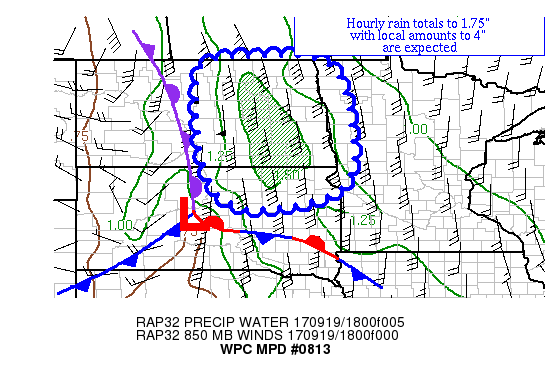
AREAS AFFECTED...EASTERN DAKOTAS & WESTERNMOST MN

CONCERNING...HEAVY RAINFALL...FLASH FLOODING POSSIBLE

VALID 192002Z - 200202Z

SUMMARY...ORGANIZED CONVECTION WITH INCREASING COVERAGE IS
EXPECTED TO LEAD TO HEAVY RAIN.  HOURLY RAIN TOTALS TO 1.75" WITH
LOCAL AMOUNTS TO 4" ARE EXPECTED.

DISCUSSION...THE SURFACE ANALYSIS REVEALS AN OCCLUDED FRONT MOVING
INTO THE CENTRAL DAKOTAS WHICH IS ACTING AS THE BACK EDGE OF THE
ML CAPE GRADIENT SEEN ON RAP ANALYSES/FORECASTS AND THE SPC
MESOANALYSIS.  INFLOW AT 850 HPA AHEAD OF THIS FEATURE IS 25-50
KTS PER VAD WIND PROFILES.  EFFECTIVE BULK SHEAR OF 30-50 KTS IS
SEEN ACROSS THE REGION, WHICH WHEN COMBINED WITH FAIRLY
UNIDIRECTIONAL SOUTHERLY FLOW UP TO 600 HPA IS LEADING TO
CONVECTIVE LINE SEGMENTS.  THE CONVECTION/OCCLUDED FRONT ARE BEING
FORCED EASTWARD BY A SLOWLY PROGRESSIVE UPPER TROUGH WHICH IS
BECOMING NEGATIVELY TILTED.  PRECIPITABLE WATER VALUES OF 1-1.5"
INHABIT THE REGION PER RAP ANALYSES AND SUPPLEMENTAL 18Z SOUNDINGS
FROM SD.

WITH INCREASING LOW-LEVEL INFLOW OVER THE NEXT SEVERAL HOURS,
BACKBUILDING CONVECTION IS POSSIBLE, WHICH WOULD ENHANCE RAIN
RATES/TOTALS.  AS CIN CONTINUES TO ERODE, CONVECTION SHOULD BECOME
INCREASINGLY SURFACE BASED.  IN SUCH A DYNAMIC ENVIRONMENT,
EAST-SOUTHEASTWARD PROPAGATION AT 30-35 KTS (PER FORWARD
PROPAGATING VECTORS/THE ML CAPE ORIENTATION/THE 1000-500 HPA
THICKNESS ORIENTATION) IS NORMALLY EXPECTED.  HOWEVER, WITH THE
LOW-LEVEL FLOW OUT OF THE SOUTH-SOUTHEAST, SUCH PROPAGATION COULD
BE HELD UP FROM TIME TO TIME.  THE AVAILABLE BULK SHEAR SUPPORTS
MESOCYCLONE FORMATION, WHICH WOULD ALSO ENHANCE RAIN TOTALS/RATES.
 RECENT RADAR IMAGERY GIVES AN INDICATION THAT MULTIPLE ROUNDS OF
THUNDERSTORMS ARE POSSIBLE WITHIN THE DISCUSSION AREA.

THE MESOSCALE GUIDANCE SHOWS A STRONG SIGNAL FOR LOCAL AMOUNTS IN
THE 3-4" THROUGH 02Z.  THE 12Z SSEO NEIGHBORHOOD PROBABILITIES
SHOW A BROAD AREA OF 50%+ EXCEEDANCE OF THE THREE HOUR FLASH FLOOD
GUIDANCE VALUES STARTING IN THE 22-01Z PERIOD, REACHING 70%+
EXCEEDANCE IN THE 23-03Z TIME FRAME.  THUNDERSTORMS APPEAR TO BE
FORMING A COUPLE HOURS EARLIER THAN THE GUIDANCE SUGGESTED, SO
THESE TIME FRAMES MIGHT BE TOO DELAYED.  USED THE 9C ISOTHERM AT
700 HPA AND BOUNDARY LAYER MOISTURE CONVERGENCE RAP FORECASTS TO
HELP DEFINE THE SOUTHERN BOUND OF THE DISCUSSION AREA AS IT
APPEARS TO BE ACTING AS THE NORTHERN EDGE OF THE MID-LEVEL CAPPING
INVERSION -- NORTH OF THERE CONVECTION HAS BEEN SHOWING INCREASING
COVERAGE AS OF LATE.